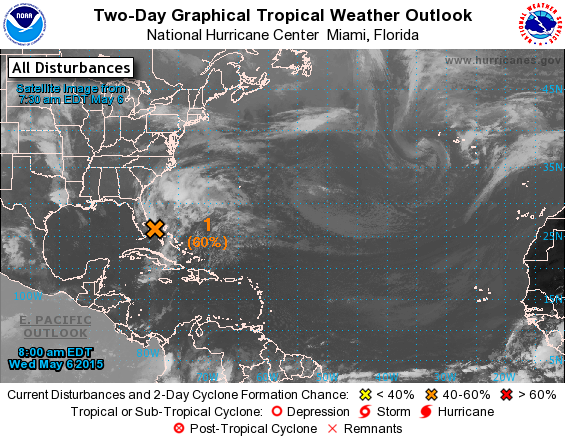
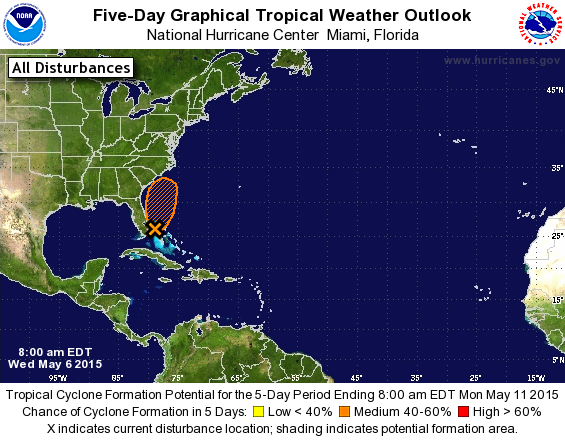
For the North Atlantic...Caribbean Sea and the Gulf of Mexico:

1. Disorganized showers and thunderstorms extending over portions of Florida, the Bahamas, and adjacent waters are associated with an upper-level trough and a weak surface low located over the northwestern Bahamas. The aircraft reconnaissance mission scheduled for this afternoon has been cancelled. However, conditions are expected to become gradually more favorable for development over the next day or so while the system moves slowly northward. A subtropical or tropical cyclone could form by Thursday or Friday, and interests along the southeast coast of the United States should monitor the progress of this system through the weekend. The next Special Tropical Weather Outlook will be issued on this system by 8 PM EDT today. For additional information, see High Seas Forecasts issued by the National Weather Service.
* Formation chance through 48 hours...medium...60 percent
* Formation chance through 5 days...medium...60 percent

High Seas Forecasts issued by the National Weather Service are available under AWIPS header NFDHSFAT1, WMO header FZNT01 KWBC, and on the Web at http://www.opc.ncep.noaa.gov/shtml/NFDHSFAT1.shtml

Forecaster Brennan